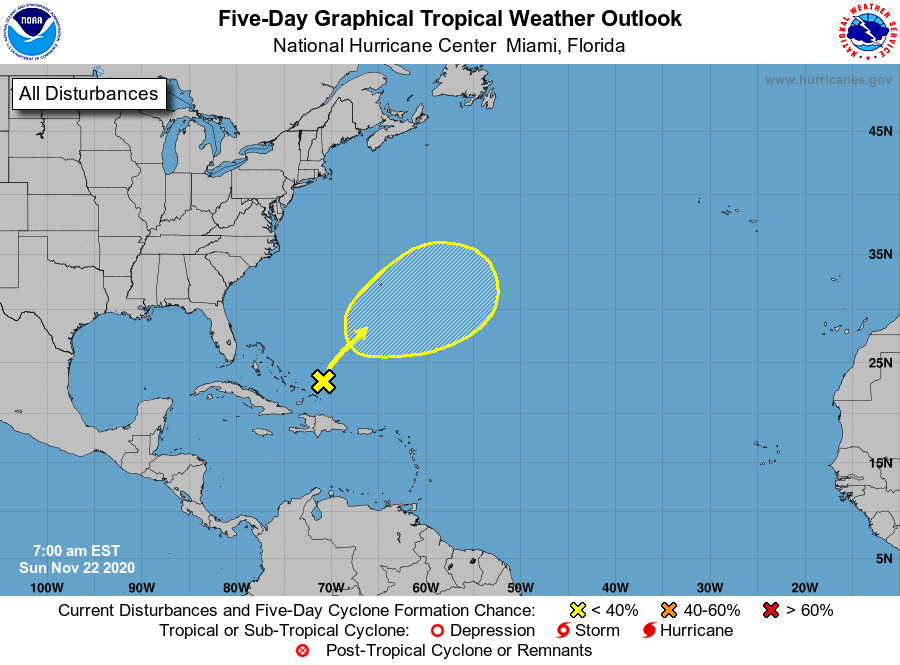
For the North Atlantic...Caribbean Sea and the Gulf of Mexico:

1. A trough of low pressure is producing disorganized showers and a few thunderstorms over the western Atlantic, generally between Bermuda and the Bahamas. There is a slight chance that this disturbance could briefly acquire subtropical characteristics while it moves northeastward during the next day or two before it merges with a cold front. Later this week, this system may have a second opportunity to develop subtropical characteristics if it becomes separated from the front and meanders over the central Atlantic.
* Formation chance through 48 hours...low...10 percent.
* Formation chance through 5 days...low...10 percent.

Forecaster Cangialosi